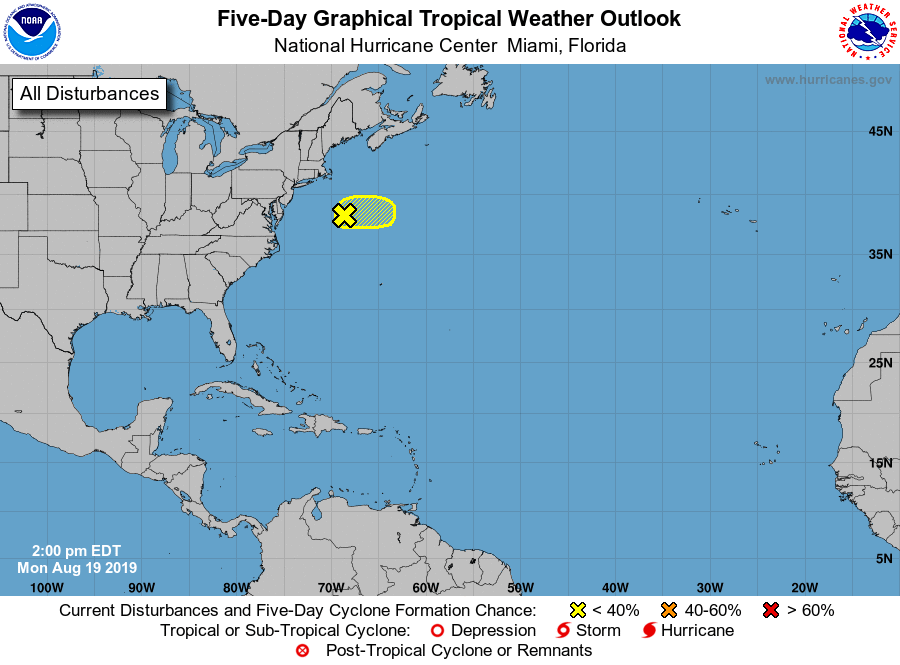
For the North Atlantic...Caribbean Sea and the Gulf of Mexico:

1. An area of low pressure located a couple of hundred miles south-southeast of Nantucket, Massachusetts, is producing some disorganized shower activity. Significant development of this system is unlikely as it moves eastward at 15 to 20 mph, away from the United States.
* Formation chance through 48 hours...low...10 percent.
* Formation chance through 5 days...low...10 percent.

Forecaster Pasch